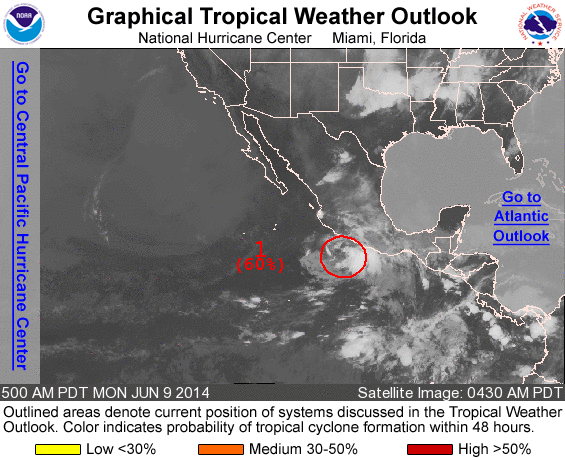
For the eastern North Pacific...east of 140 degrees west longitude:

1. A low pressure system located about 150 miles south-southwest of Zihuatanejo, Mexico, is showing signs of organization this morning. Environmental conditions are expected to be conducive for gradual development, and this system will likely become a tropical depression during the next day or two while it moves generally west-northwestward at 5 to 10 mph.
* Formation chance through 48 hours...high...60 percent.
* Formation chance through 5 days...high...90 percent.

Forecaster Stewart